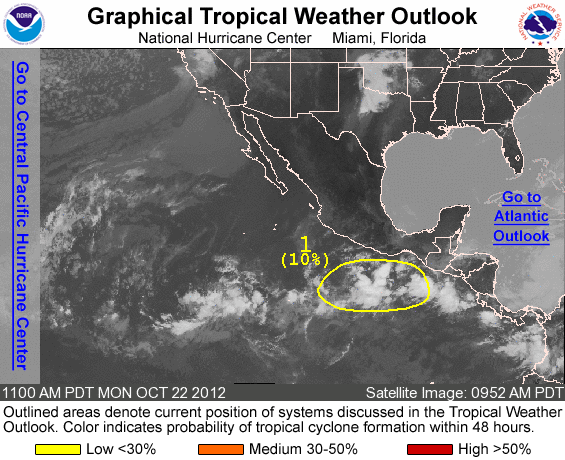
FOR THE EASTERN NORTH PACIFIC...EAST OF 140 DEGREES WEST LONGITUDE..

1. THE AREA OF DISTURBED WEATHER SOUTH OF ACAPULCO HAS DEGENERATED INTO A BAND OF CLOUDINESS AND THUNDERSTORM LOCATED A COUPLE OF HUNDRED MILES SOUTH OF THE SOUTHERN COAST OF MEXICO. DEVELOPMENT IS NOW LESS LIKELY...AND THIS SYSTEM HAS A LOW CHANCE...10 PERCENT...OF BECOMING A TROPICAL CYCLONE DURING THE NEXT 48 HOURS.

ELSEWHERE...TROPICAL CYCLONE FORMATION IS NOT EXPECTED DURING THE NEXT 48 HOURS.

FORECASTER AVILA